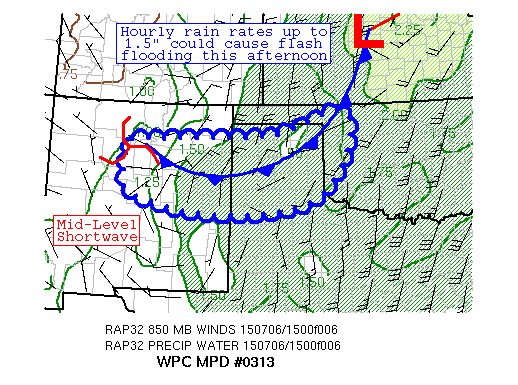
AREAS AFFECTED...NORTHEAST NM & THE TX PANHANDLE

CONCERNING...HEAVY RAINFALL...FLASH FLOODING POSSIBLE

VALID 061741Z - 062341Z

SUMMARY...FORMING THUNDERSTORMS WITH HEAVY RAINFALL ARE EXPECTED
TO ORGANIZE AND DEVELOP FURTHER THIS AFTERNOON.  HOURLY RAIN RATES
UP TO 1.5" COULD LEAD TO FLASH FLOODING.

DISCUSSION...A COLD FRONT HAS BEEN SLIDING THROUGH THE SOUTHERN
HIGH PLAINS THIS MORNING, WITH UPSLOPE FLOW INTO NORTHEAST NM SEEN
IN ITS WAKE.  PRECIPITABLE WATER VALUES IN THE REGION ARE
1.25-1.5" PER GPS INFORMATION, OVER TWO SIGMAS ABOVE THE NORM FOR
EARLY JULY.  MLCAPES ACROSS NORTHERN TX ARE IN THE 1000-3000 J/KG
RANGE, WITH 500-1000 MLCAPE BUILDING ACROSS NORTHEAST NM.  CIN
CONTINUES TO FADE PER TRENDS FROM THE SPC MESOANALYSIS PAGE.

THE EXPECTATION (PER RECENT RAP RUNS) IS FOR INSTABILITY TO CLIMB
ACROSS NORTHEAST NM, EXCEEDING 1000 J/KG BY 19Z AS UPSLOPE FLOW
INCREASES TO 20-25 KTS FROM THE NORTHEAST.  PRECIPITABLE WATER
VALUES ARE PROGGED TO INCREASE INTO THE 1.5-1.75" RANGE ACROSS
NORTHEAST NM, THREE SIGMAS ABOVE THE EARLY JULY MEAN, BY 00Z.  A
SHORTWAVE MOVING ACROSS WESTERN AND CENTRAL NM IS EXPECTED TO LEAD
TO A 3-5C 700 HPA TEMPERATURE FALL, WHICH SHOULD ELIMINATE ANY
REMNANT CAPPING.  CONVECTION SHOULD INITIALLY MOVE GENERALLY EAST
AT 5-10 KTS PER THE MEAN 850-400 HPA WIND, WHICH TOGETHER WITH THE
LOW-LEVEL INFLOW MAGNITUDE/DIRECTION SHOULD LEAD TO CONVECTIVE
ORGANIZATION/25-35 KTS OF CLOUD BASE INFLOW.

ORGANIZED STORMS ARE EXPECTED TO MOVE EAST-NORTHEAST AT 15-20 KTS
PER FORWARD PROPAGATING CORFIDI VECTORS DUE TO THE DIRECTIONAL
WIND SHEAR PRESENT AND SOME DRY AIR INITIALLY IN LOW LEVELS.  THIS
MOTION WOULD LEAD TO BOTH CELL TRAINING NEAR AND BEHIND THE FRONT
AND FURTHER ORGANIZE CONVECTIVE CELLS.  THE EXPECTED MOISTURE
SHOULD LEAD TO HOURLY RAIN RATES UP TO 1.5", ROUGHLY EQUIVALENT TO
THE THREE HOUR FLASH FLOOD GUIDANCE VALUES.  THE MESOSCALE
GUIDANCE ADVERTISES LOCAL AMOUNTS OF 2-3" ACROSS THE AREA WHICH
COULD FALL QUICKLY.  THE 06Z SSEO NEIGHBORHOOD PROBABILITIES
EXCEED 50% BY 19Z, AND PEAK AT 90%+ ACROSS NORTHEAST NM BY 23Z,
WITH 50%+ PROBABILITIES EXTENDING ACROSS THE TX PANHANDLE BY 00Z.
THE REGION HAS EXPERIENCED 3-6" OF RAIN OVER THE PAST 30 DAYS,
ABOVE NORMAL FOR JUNE/JULY.  FLASH FLOODING IS CONSIDERED POSSIBLE.